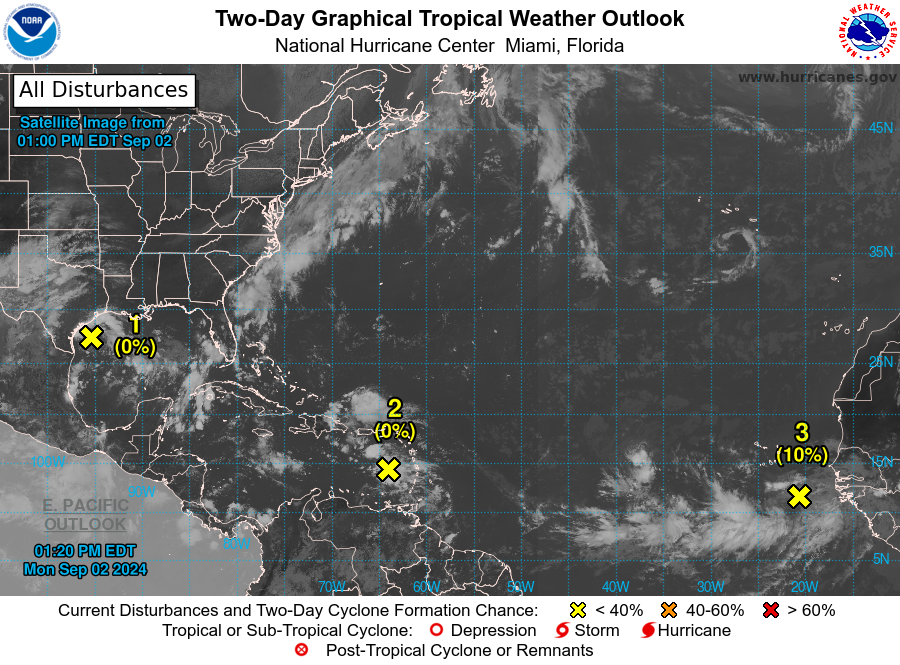
For the North Atlantic...Caribbean Sea and the Gulf of Mexico:

1. Northwestern Gulf of Mexico: A broad and weak area of low pressure just offshore of the middle Texas coast continues to produce some disorganized shower activity along portions of the coast of Texas and over the adjacent waters of the northwestern Gulf of Mexico. This system is expected to move inland early Tuesday, and development is not expected. Regardless, heavy rains could cause some flash flooding across portions of the Texas coast during the next day or two.
* Formation chance through 48 hours...low...near 0 percent.
* Formation chance through 7 days...low...near 0 percent.

2. Near the Lesser Antilles and Caribbean Sea: A tropical wave is producing disorganized thunderstorms and gusty winds across portions of the Lesser Antilles, Puerto Rico, Hispaniola and over the adjacent waters. Environmental conditions are forecast to become more conducive for development when the system reaches the western Caribbean Sea and southwestern Gulf of Mexico late this week and over the weekend, and a tropical depression could form during that time.
* Formation chance through 48 hours...low...near 0 percent.
* Formation chance through 7 days...medium...40 percent.

3. Eastern Tropical Atlantic Ocean: A tropical wave over the far eastern Atlantic is producing disorganized showers and thunderstorms. Environmental conditions are forecast to become a little more conducive for development, and a tropical depression could form in a few days while the disturbance moves slowly west-northwestward or northwestward over the eastern tropical Atlantic Ocean. This system could produce areas of heavy rain and gusty winds across portions of the Cabo Verde Islands in a day or two.
* Formation chance through 48 hours...low...10 percent.
* Formation chance through 7 days...medium...40 percent.

Forecaster Cangialosi